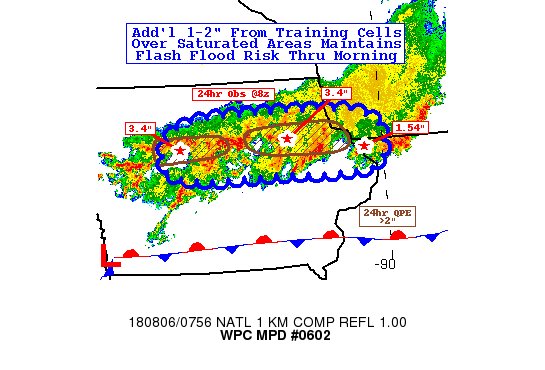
Areas affected...Central & Eastern IA...Ext Southwest WI...Ext
Northwest IL

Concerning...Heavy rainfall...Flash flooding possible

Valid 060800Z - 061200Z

SUMMARY...General weakening expected but ongoing convection will
train through areas saturated throughout the day with additional
1-2", maintaining flash flooding concerns into early morning
hours.

DISCUSSION...Deep moisture remains available north along the 8H
frontal boundary but instability is starting to exhaust as
condensation reduces the lapse rates along the low level shear
axis.  RAP analysis depicts MUCAPES falling below 1000 J/kg.
Currently, the LLJ's angle of incidence to the boundary is about
30-40 degrees (per DMX/DVN VWP) supporting sufficient moisture
convergence to maintain/develop weaker narrower updrafts from
central IA toward northeast and the WI/IL border.  The slow
veering is already noted but will further flatten to the boundary
around 10-11z, limiting convergence to isolated wave
features/storm scale flanking lines after the 10z period.

Still, the ongoing rain showers continue to be favorably oriented
to the track of observed rainfall earlier today from
Pocahontas/Calhoun county, IA to SW Layfette/Jo Daviess counties
in SW WI/NW IL where totals exceeded 1.5", with spots near Ft.
Dodge, IA over 4" and from ALO to DBQ  2.5-3".  An additional 1-2"
are possible given upstream cells (1-1.5"/hr rain rates per
DMX/DVN) will track through these same areas.  As such
inundation/slower rise flooding is likely with some locations to
possibly experience some isolated flash flooding.  Though the
threat will significantly reduce after 11z and not extend into
South Cent WI/N Cent IL given drier soils.